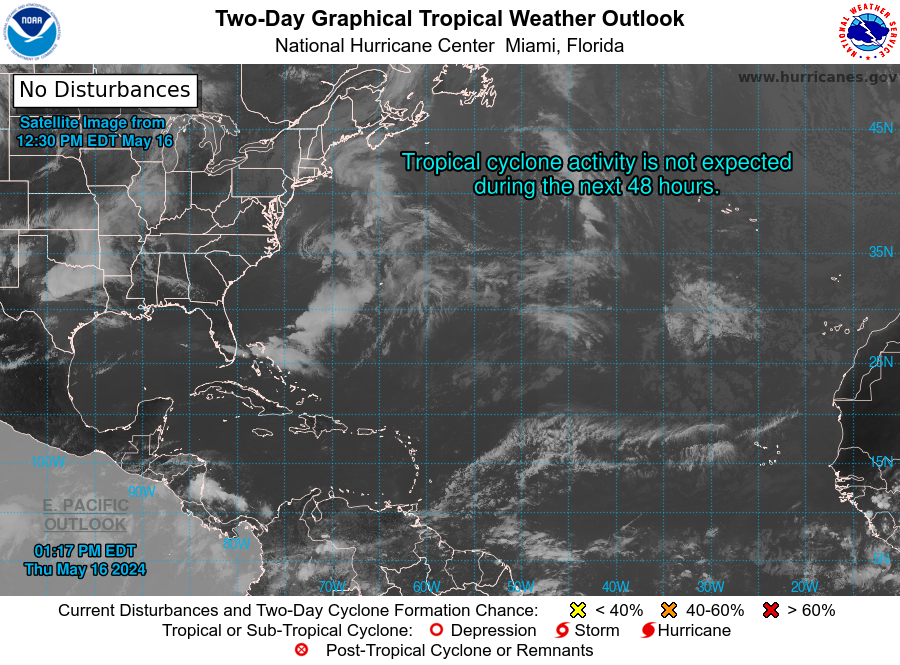
For the North Atlantic...Caribbean Sea and the Gulf of Mexico:

Tropical cyclone formation is not expected during the next 7 days.

Forecaster Reinhart